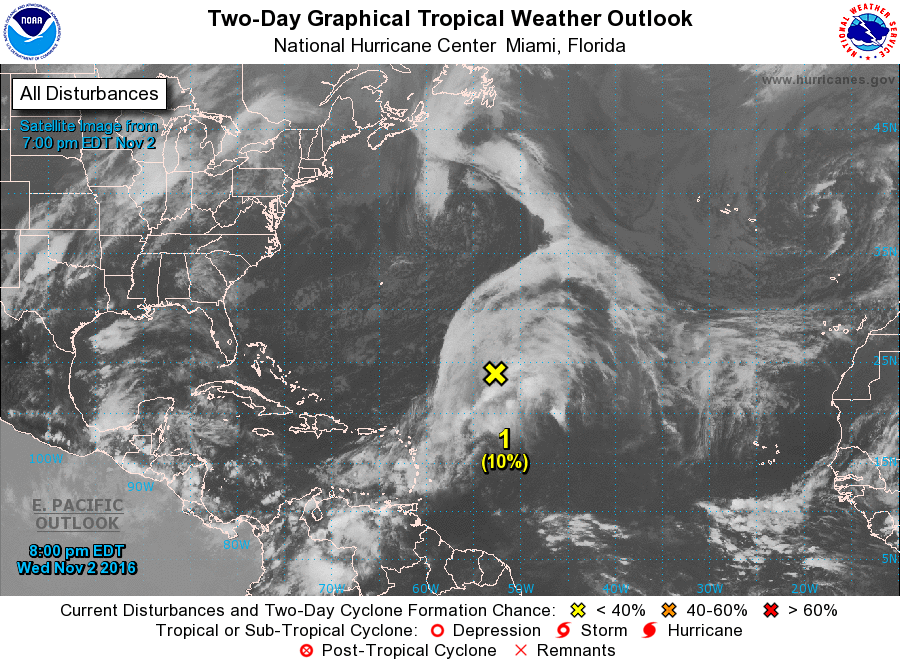
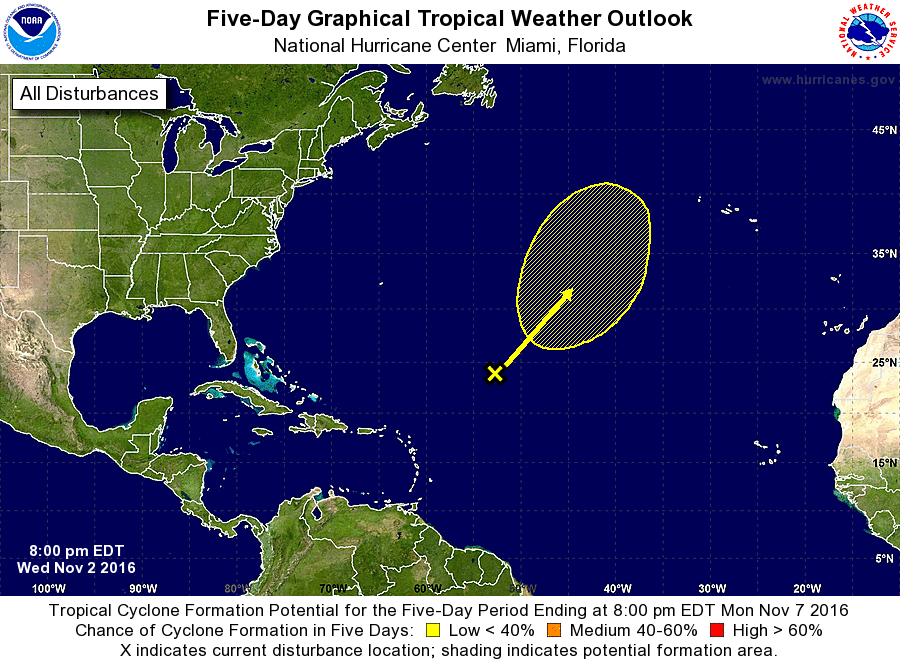
For the North Atlantic...Caribbean Sea and the Gulf of Mexico:

1. An elongated non-tropical area of low pressure located several hundred miles east-northeast of the northern Lesser Antilles continues to produce widespread cloudiness and showers over the central Atlantic, and now has winds to gale force. This system could acquire some subtropical characteristics late Friday or Saturday while it moves northward or north-northeastward over the north-central Atlantic. Additional information on this system can be found in High Seas Forecasts issued by the National Weather Service.
* Formation chance through 48 hours...low...10 percent
* Formation chance through 5 days...low...20 percent

High Seas Forecasts issued by the National Weather Service can be found under AWIPS header NFDHSFAT1, WMO header FZNT01 KWBC, and available on the Web at http://www.opc.ncep.noaa.gov/shtml/NFDHSFAT1.shtml.

Forecaster Pasch